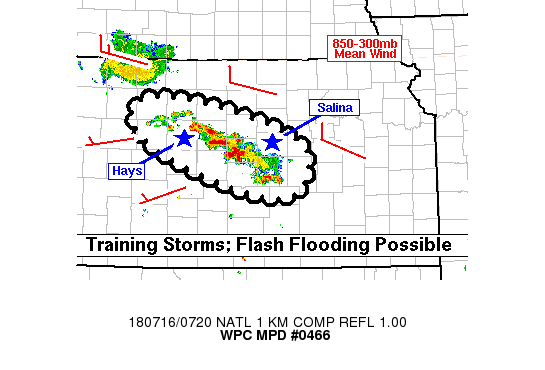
AREAS AFFECTED...CENTRAL KANSAS

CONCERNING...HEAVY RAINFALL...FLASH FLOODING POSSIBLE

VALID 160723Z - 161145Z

SUMMARY...THUNDERSTORMS SHOULD CONTINUE TO TRAIN OVER PORTIONS OF
CENTRAL KANSAS IN THE EARLY MORNING HOURS. RAIN RATES TO AROUND 2
IN/HR WILL BE POSSIBLE WITH THE POTENTIAL FOR FLASH FLOODING WHERE
STORMS ARE MOST PERSISTENT.

DISCUSSION...A NW-SE ORIENTED BAND OF CONVECTION HAD DEVELOPED
OVER CENTRAL KANSAS BETWEEN 05-07Z IN THE INTERSTATE-70
CORRIDOR...AND WAS BEGINNING TO BACKBUILD TO THE NORTHWEST NEAR
HAYS. THE MEAN FLOW VECTORS IN THIS REGION ARE VERY WEAK (10 KNOTS
OR LESS) AND GENERALLY ALIGNED PARALLEL TO THE CURRENT CONVECTIVE
BAND...AS ARE THE BACKBUILDING STORM MOTION VECTORS. THIS SHOULD
FAVOR CONTINUED TRAINING AND LONGER RESIDENCE TIMES OF HEAVY RAIN
IN INDIVIDUAL LOCATIONS... PARTICULARLY CENTERED ON RUSSELL AND
ELLSWORTH COUNTIES. 60+ MINUTE RADAR LOOPS FROM KICT SHOW HARDLY
ANY EFFECTIVE STORM MOTION...THE CONVECTION APPEARED TO BE SITTING
STILL...AND THIS WILL LIKELY LEAD TO A LOCALIZED SWATH OF HEAVY
RAINFALL. LOCAL TOTALS IN EXCESS OF 4 INCHES WILL BE
POSSIBLE...AND KICT RADAR DUAL POL ESTIMATES ALREADY SHOW RAIN
RATES AROUND 2 IN/HR IN THE STRONGEST CONVECTION. THIS MESOSCALE
SETUP AND RADAR TRENDS SHOULD THEREFORE SUPPORT A RISK OF FLASH
FLOODING IN CENTRAL KANSAS EARLY THIS MORNING.

PRECIPITABLE WATER VALUES BETWEEN 1.5 AND 2.0 INCHES AND
TALL...NARROW CAPE PROFILES WILL FAVOR HIGHER RAINFALL EFFICIENCY
AND THE HEAVY RAIN RATES ALREADY CITED. THE MAIN LIMITING FACTOR
APPEARS TO BE TIME FRAME AND HOW LONG LOW-LEVEL CONVERGENCE WILL
BE ABLE TO SUSTAIN THE CONVECTION. RIGHT NOW THE THUNDERSTORMS
WERE DEVELOPING IN A ZONE OF ENHANCED CONVERGENCE...BUT THIS MAY
BEGIN TO WEAKEN IN A FEW HOURS. UNTIL THEN...SLOW-MOVING AND
NEARLY STATIONARY CONVECTION APPEARS LIKELY TO CONTINUE.